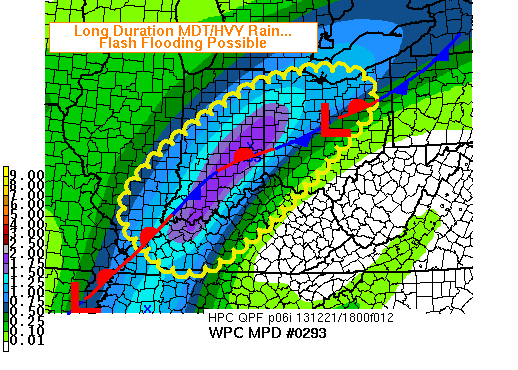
AREAS AFFECTED...SRN IL...NRN KY...IN...OH

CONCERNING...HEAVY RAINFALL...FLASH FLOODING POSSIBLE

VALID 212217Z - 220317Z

SUMMARY...BROAD SCALE MODERATE RAINS AND SOME EMBEDDED HEAVIER
DOWNPOURS...WILL INCREASE TOWARD PEAK COVERAGE AND INTENSITY THIS
EVENING. MANY AREAS HAD ALREADY RECEIVED 1.5 TO 2.5 INCHES OF RAIN
TODAY. THESE AMOUNTS MAY BE DOUBLED BY LATE EVENING...WITH
INSTANCES OF FLASH FLOODING BECOMING MORE COMMON.

DISCUSSION...A LARGE SCALE HEAVY RAIN EVENT WAS UNDERWAY. GIVEN
THE NATURE OF THE FORCING MECHANISMS...AND MINIMAL INFLUENCE OF
DEEP CONVECTION OR COLD POOLS AT THIS LATITUDE...THE QPFS FROM
MOST GLOBAL AND HIGH RESOLUTION MODELS WERE IN STRONG AGREEMENT. A
CORRIDOR OF MAXIMUM ASCENT WILL OCCUR NEAR THE SURFACE FRONT AND
AHEAD OF LOW PRESSURE MOVING UP FROM ARKANSAS. WPC IS FORECASTING
AREAL AVERAGE RAINFALL OF 1 TO 1.5 INCHES BETWEEN 00Z AND 06Z FROM
WRN KY ACROSS SRN IN INTO NW OH.

NEAR THE FRONT...CAPE VALUES...EVEN FOR MOST UNSTABLE
PARCELS...WILL BE LIMITED TO A FEW HUNDRED J/KG AT BEST.
STRATIFORM MODERATE RAIN WITH SOME EMBEDDED THUNDER WILL LIKELY
YIELD ENOUGH RAIN TO MEET FLASH FLOOD GUIDANCE ON THE LONGER TIME
SCALES...3 TO 6 HOURS...FOR WHICH GUIDANCE VALUES HAD FALLEN TO
AROUND 1 INCH OR LESS IN PARTS OF IL/IN/OH. THUS...INSTANCES OF
FLASH FLOODING MAY BECOME MORE COMMON.

THE SREF FORECASTS SOMEWHAT GREATER INSTABILITY SOUTH OF THE OHIO
RIVER INTO KY...WHERE MORE ROBUST CONVECTION IS POSSIBLE.
INCREASINGLY STRONG AND VEERING WIND FIELDS SHOULD PROMOTE
EASTWARD PROPAGATION...ACTING TO LIMIT THE DURATION OF TRAINING.
BUT THIS WILL BE OFFSET BY CONVECTIVE RAIN RATES AND FLUX OF A
HIGHLY ANOMALOUS...3-4 STANDARD DEVIATIONS PW...GULF AIR MASS INTO
THE REGION. RAIN RATES MAY APPROACH 1.75 INCHES PER HOUR...WITH
LOCAL FLASH FLOODING THE RESULT.